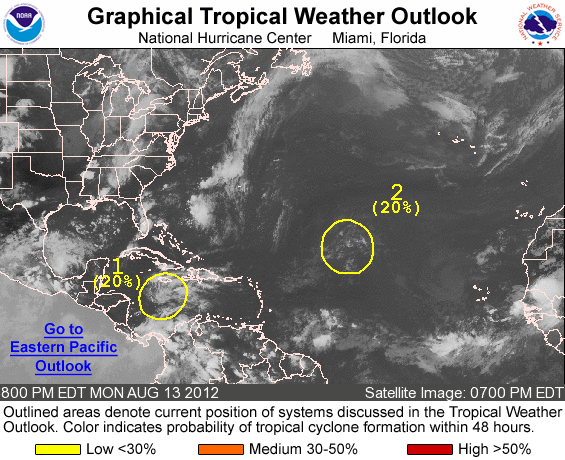
FOR THE NORTH ATLANTIC...CARIBBEAN SEA AND THE GULF OF MEXICO...

1. SHOWERS AND THUNDERSTORMS ASSOCIATED WITH A TROPICAL WAVE...THE REMNANTS OF TROPICAL DEPRESSION SEVEN...OVER THE WEST-CENTRAL CARIBBEAN SEA HAVE DECREASSED THIS EVENING. ALTHOUGH UPPER-LEVEL WINDS COULD BECOME MORE CONDUCIVE FOR REGENERATION...THE WAVE IS LIKELY TO INTERACT WITH CENTRAL AMERICA BEFORE SIGNIFICANT DEVELOPMENT OCCURS. THIS SYSTEM HAS A LOW CHANCE...20 PERCENT...OF BECOMING A TROPICAL CYCLONE AGAIN DURING THE NEXT 48 HOURS AS IT MOVES WESTWARD AROUND 20 MPH. AN AIR FORCE RESERVE RECONNAISSANCE AIRCRAFT IS SCHEDULED TO INVESTIGATE THE DISTURBANCE TUESDAY AFTERNOON...IF NECESSARY.

2. SHOWER ACTIVITY REMAINS LIMITED IN ASSOCIATION WITH A TROUGH OF LOW PRESSURE LOCATED ABOUT 1075 MILES EAST-NORTHEAST OF THE LEEWARD ISLANDS. NO SIGNIFICANT DEVELOPMENT OF THIS DISTURBANCE IS EXPECTED ON TUESDAY...BUT ENVIRONMENTAL CONDITIONS COULD BECOME MORE CONDUCIVE IN A COUPLE OF DAYS. THIS SYSTEM HAS A LOW CHANCE...20 PERCENT...OF BECOMING A TROPICAL CYCLONE DURING THE NEXT 48 HOURS AS IT MOVES WEST-NORTHWESTWARD TO NORTHWESTWARD AT 15 TO 20 MPH.

ELSEWHERE...TROPICAL CYCLONE FORMATION IS NOT EXPECTED DURING THE NEXT 48 HOURS.

FORECASTER BROWN